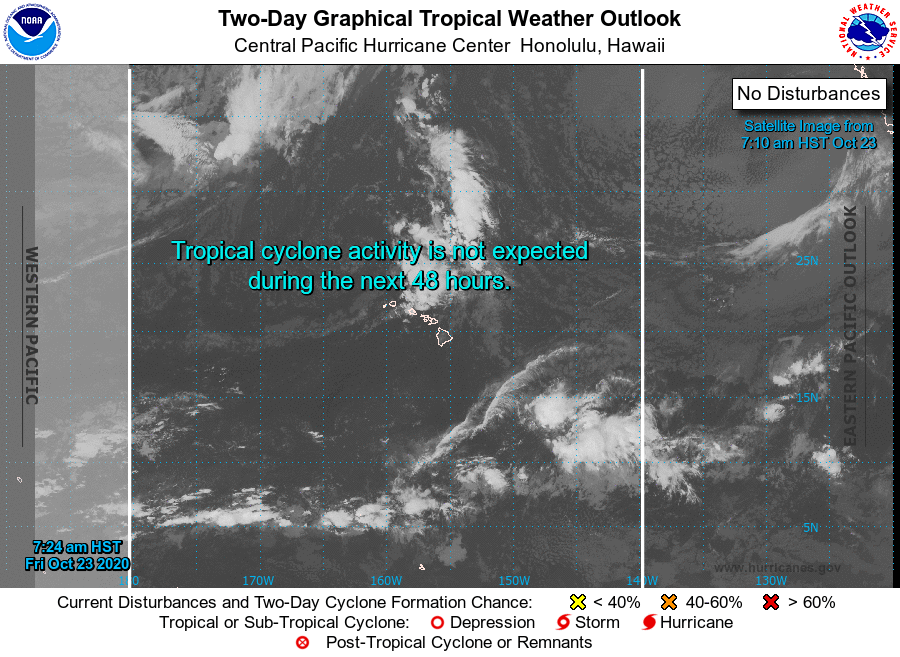
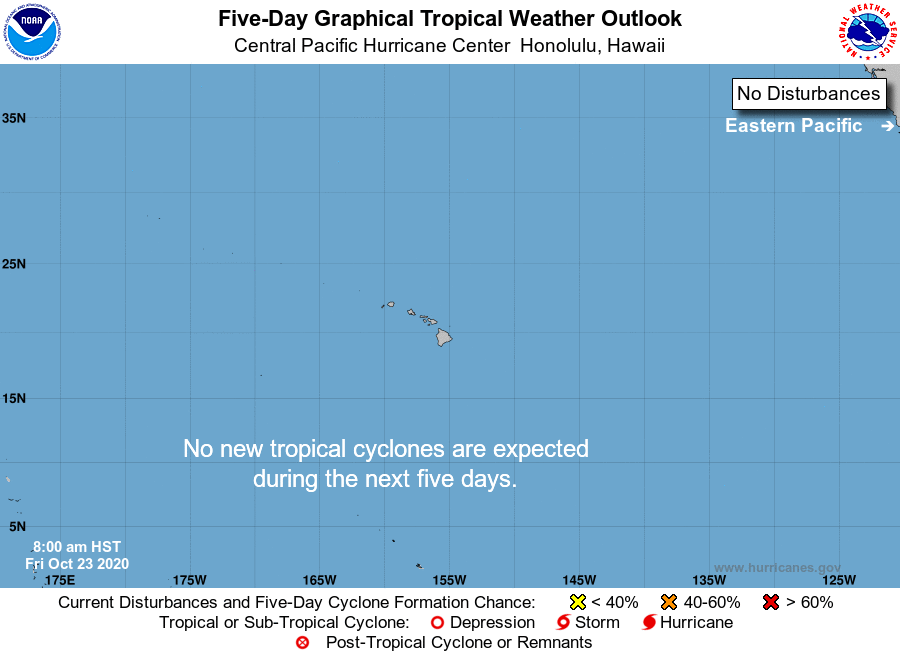
For the central North Pacific...between 140W and 180W:

No tropical cyclones are expected during the next 5 days.

Forecaster Almanza